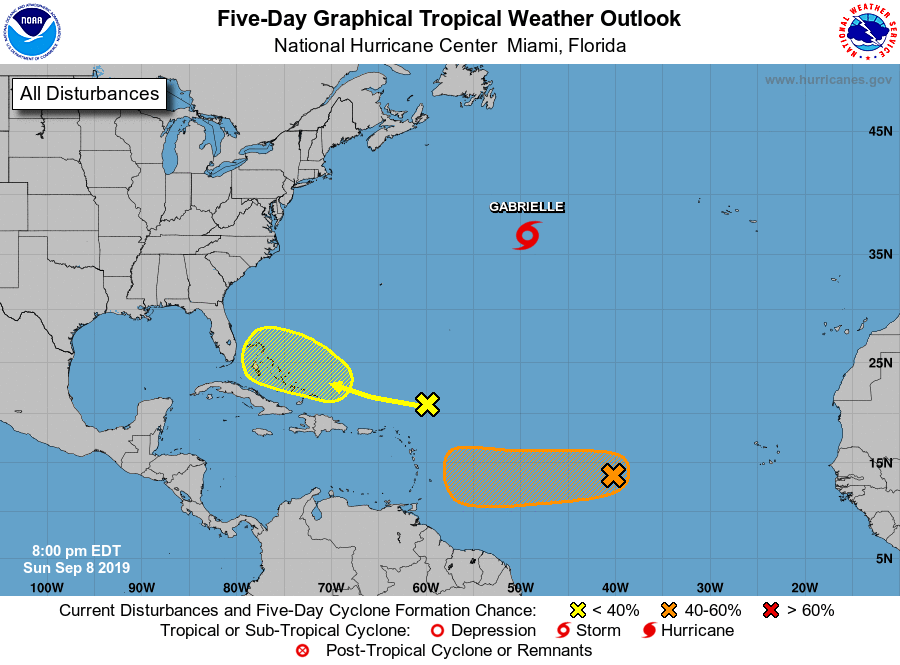
For the North Atlantic...Caribbean Sea and the Gulf of Mexico:

The National Hurricane Center is issuing advisories on Post-Tropical Cyclone Dorian, located over Atlantic Canada east of St. Anthony, Newfoundland, and on Tropical Storm Gabrielle, located over the north-central Atlantic Ocean.

1. A broad area of low pressure associated with a tropical wave is producing disorganized showers and thunderstorms several hundred miles west of the Cabo Verde Islands. Some slow development of this system is possible during the next few days while the low moves west-southwestward to westward across the central tropical Atlantic Ocean. By Thursday, the upper-level winds are forecast to become less favorable for tropical cyclone formation.
* Formation chance through 48 hours...low...20 percent.
* Formation chance through 5 days...medium...40 percent.

2. A large area of disorganized showers and thunderstorms located a few hundred miles north and northeast of the northern Leeward Islands is associated with a surface trough interacting with an upper-level low. Strong upper-level winds are expected to prevent the development of this system during the next few days while it moves west-northwestward to the north of the Leeward Islands and Puerto Rico. By mid-week, environmental conditions could become more conducive for development when the disturbance moves near the southeastern Bahamas.
* Formation chance through 48 hours...low...near 0 percent.
* Formation chance through 5 days...low...20 percent.

Forecaster Stewart